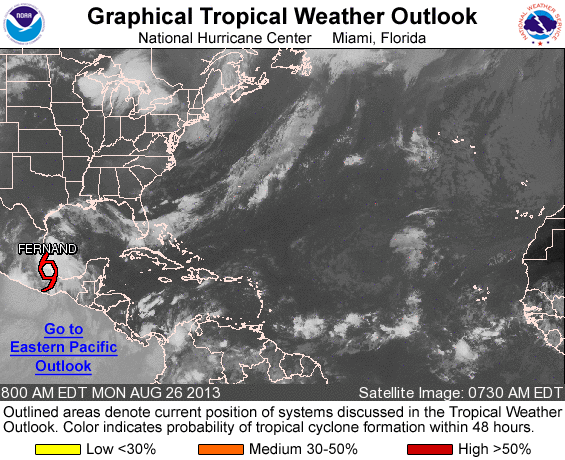
FOR THE NORTH ATLANTIC...CARIBBEAN SEA AND THE GULF OF MEXICO...

THE NATIONAL HURRICANE CENTER IS ISSUING ADVISORIES ON TROPICAL STORM FERNAND...LOCATED INLAND NORTHWEST OF VERACRUZ MEXICO.

TROPICAL CYCLONE FORMATION IS NOT EXPECTED DURING THE NEXT 48 HOURS.

OTHER SYSTEMS WITH FORMATION POTENTIAL BEYOND 48 HOURS...

A TROPICAL WAVE LOCATED OVER THE FAR EASTERN ATLANTIC IS EXPECTED TO MOVE GENERALLY WESTWARD ACROSS THE TROPICAL ATLANTIC OVER THE NEXT SEVERAL DAYS. SOME DEVELOPMENT OF THIS DISTURBANCE IS POSSIBLE LATER THIS WEEK. THIS SYSTEM HAS A LOW CHANCE...NEAR 0 PERCENT... OF BECOMING A TROPICAL CYCLONE DURING THE NEXT 48 HOURS...AND A MEDUIM CHANCE...30 PERCENT...OF BECOMING A TROPICAL CYCLONE DURING THE NEXT 5 DAYS.

&&
PUBLIC ADVISORIES ON TROPICAL STORM FERNAND ARE ISSUED UNDER WMO HEADER WTNT31 KNHC AND UNDER AWIPS HEADER MIATCPAT1. FORECAST/ADVISORIES ON FERNAND ARE ISSUED UNDER WMO HEADER WTNT21 KNHC AND UNDER AWIPS HEADER MIATCMAT1.

&&
FIVE-DAY FORMATION PROBABILITIES ARE EXPERIMENTAL IN 2013. COMMENTS ON THE EXPERIMENTAL FORECASTS CAN BE PROVIDED AT...

HTTP://WWW.NWS.NOAA.GOV/SURVEY/NWS-SURVEY.PHP?CODE=ETWO

FORECASTER BROWN